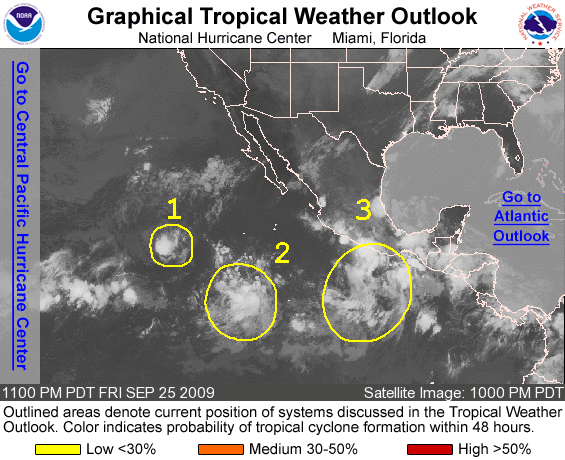
FOR THE EASTERN NORTH PACIFIC...EAST OF 140 DEGREES WEST LONGITUDE..

1. THE REMNANTS OF TROPICAL DEPRESSION NORA ARE LOCATED ABOUT 1025 MILES WEST-SOUTHWEST OF THE SOUTHERN TIP OF BAJA CALIFORNIA. ALTHOUGH SHOWER AND THUNDERSTORM ACTIVITY ASSOCIATED WITH THIS SYSTEM HAS INCREASED OVER THE PAST FEW HOURS...UPPER-LEVEL WINDS ARE NOT FAVORABLE FOR REGENERATION. THERE IS A LOW CHANCE...LESS THAN 30 PERCENT...OF THIS SYSTEM BECOMING A TROPICAL CYCLONE DURING THE NEXT 48 HOURS. FOR ADDITIONAL INFORMATION ON THE REMNANTS OF NORA...PLEASE SEE HIGH SEAS FORECASTS ISSUED BY THE NATIONAL WEATHER SERVICE UNDER AWIPS HEADER NFDHSFEPI AND WMO HEADER FZPN02 KWBC.

2. A BROAD AREA OF LOW PRESSURE LOCATED ABOUT 900 MILES SOUTHWEST OF MANZANILLO MEXICO CONTINUES TO PRODUCE DISORGANIZED SHOWER AND THUNDERSTORM ACTIVITY. SOME SLOW DEVELOPMENT OF THIS SYSTEM IS POSSIBLE OVER THE NEXT COUPLE OF DAYS AS IT MOVES TOWARD THE WEST-NORTHWEST AT AROUND 10 MPH. THERE IS A LOW CHANCE...LESS THAN 30 PERCENT...OF THIS SYSTEM BECOMING A TROPICAL CYCLONE DURING THE NEXT 48 HOURS.

3. AN AREA OF DISTURBED WEATHER LOCATED ABOUT 350 MILES WEST-SOUTHWEST OF THE GULF OF TEHUANTEPEC IS PRODUCING DISORGANIZED SHOWER AND THUNDERSTORM ACTIVITY. THERE IS THE POTENTIAL FOR SLOW DEVELOPMENT OF THIS SYSTEM AS IT MOVES WESTWARD AT 5 TO 10 MPH DURING THE NEXT COUPLE OF DAYS. THERE IS A LOW CHANCE...LESS THAN 30 PERCENT...OF THIS SYSTEM BECOMING A TROPICAL CYCLONE DURING THE NEXT 48 HOURS.

ELSEWHERE...TROPICAL CYCLONE FORMATION IS NOT EXPECTED DURING THE NEXT 48 HOURS.

FORECASTER BRENNAN